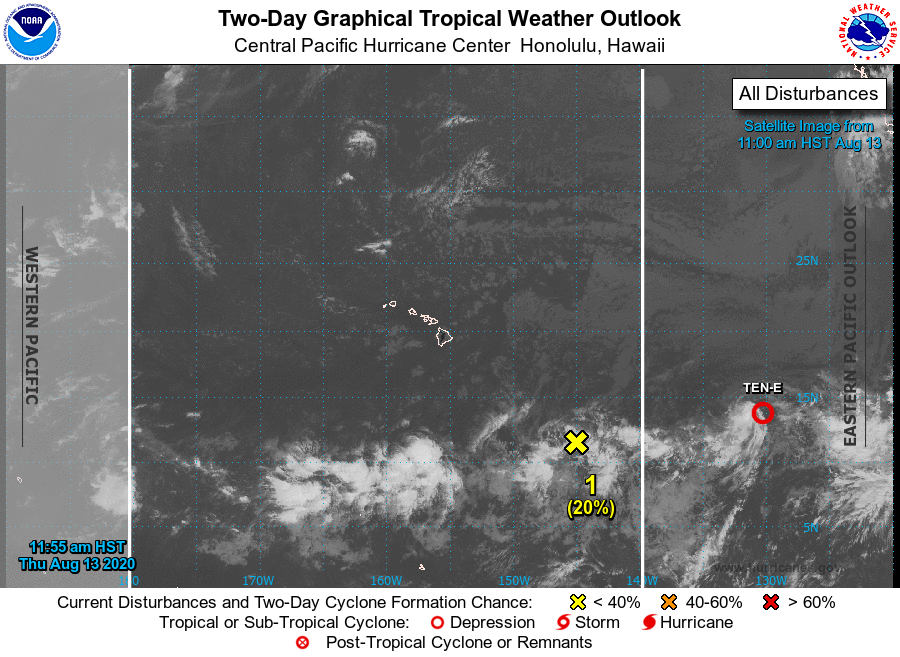
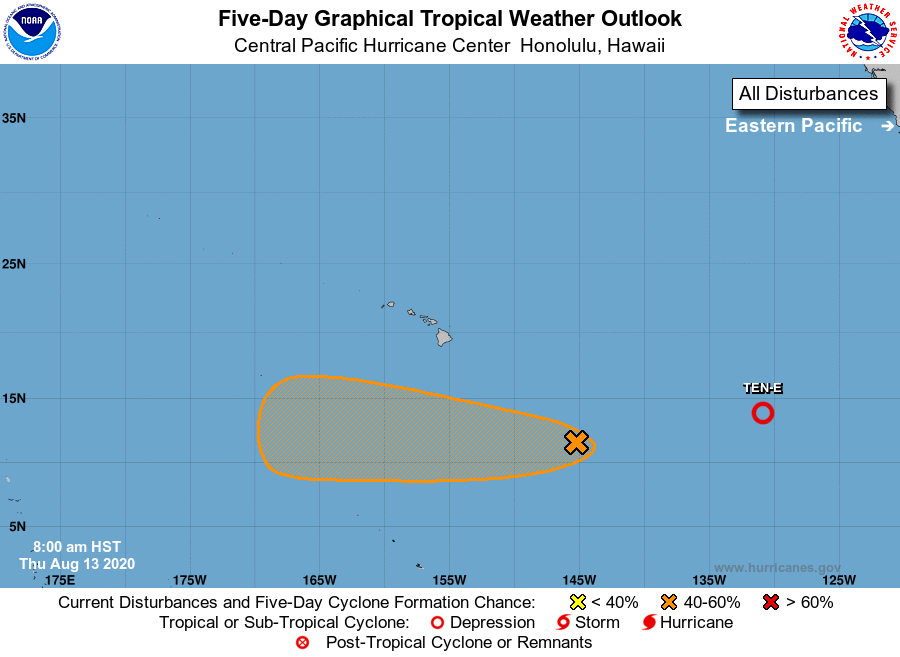
For the central North Pacific...between 140W and 180W:

1. An area of disturbed weather lies around 830 miles southeast of Hilo, Hawaii. Slow development is possible as the system moves west around 10 mph.
* Formation chance through 48 hours...low...20 percent.
* Formation chance through 5 days...medium...50 percent.

Elsewhere, no tropical cyclones are expected during the next 5 days.

Forecaster Donaldson